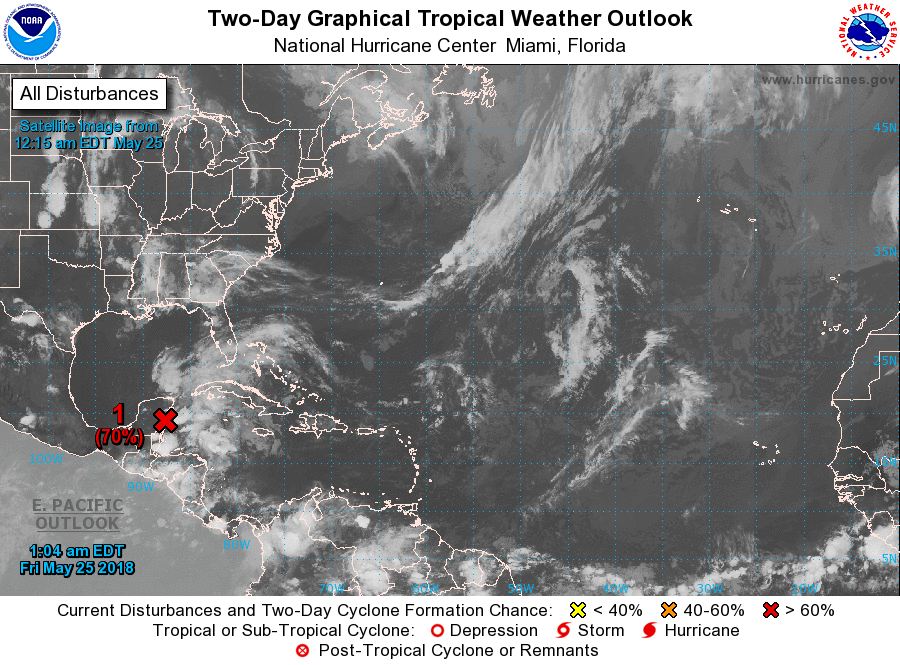
For the North Atlantic...Caribbean Sea and the Gulf of Mexico:

1. A broad surface low centered near the east coast of the Yucatan Peninsula of Mexico is producing widespread, but disorganized, shower and thunderstorm activity. Environmental conditions are forecast to become more conducive for development, and a subtropical or tropical depression or storm is likely to form during the weekend over the eastern or central Gulf of Mexico. Please see high seas forecasts issued by the National Weather Service for information on gale warnings associated with this system. An Air Force Reserve reconnaissance aircraft is scheduled to investigate the disturbance this afternoon, if necessary. Locally heavy rainfall is forecast across western Cuba and over much of Florida and the northern Gulf Coast into early next week. In addition, the threat of rip currents will steadily increase along the Gulf coast from Florida westward to Louisiana over the Memorial Day weekend. For more information on these threats, please see products issued by your local weather office. The next Special Tropical Weather Outlook on this system will be issued by 800 AM EDT today.
* Formation chance through 48 hours...high...70 percent.
* Formation chance through 5 days...high...90 percent.

Forecaster Beven